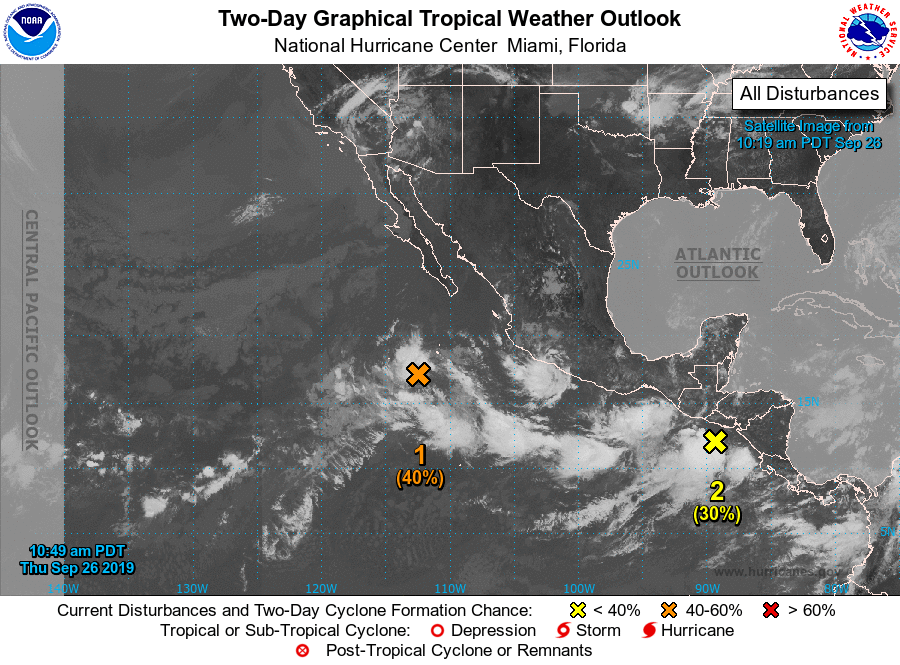
For the eastern North Pacific...east of 140 degrees west longitude:

1. Shower activity associated with a broad area of low pressure located several hundred miles south-southwest of the southern tip of the Baja California peninsula has become a little better organized since yesterday. Some additional development of this system is possible while it moves eastward and then southeastward during the next couple of days, and a tropical depression could still form before it becomes absorbed by a larger weather disturbance near the coast of Mexico over the weekend.
* Formation chance through 48 hours...medium...40 percent.
* Formation chance through 5 days...medium...40 percent.

2. An elongated trough of low pressure developing near the coast of southern and southwestern Mexico is producing several clusters of disorganized showers and thunderstorms. A low is expected to form along this trough during the next couple of days, and it is likely to become a tropical depression over the weekend or early next week while it moves west-northwestward to northwestward at 10 to 15 mph near the southern and southwestern coasts of Mexico. Regardless of development, heavy rainfall, with the possibility of flash flooding and mudslides, is likely along the Pacific coasts of Central America and southern and southwestern Mexico during the next several days.
* Formation chance through 48 hours...low...30 percent.
* Formation chance through 5 days...high...80 percent.

3. A low pressure area is expected to form over the weekend in the far southwestern part of the east Pacific basin. Some subsequent slow development is possible into early next week as the low moves slowly eastward.
* Formation chance through 48 hours...low...near 0 percent.
* Formation chance through 5 days...low...20 percent.

Forecaster Beven